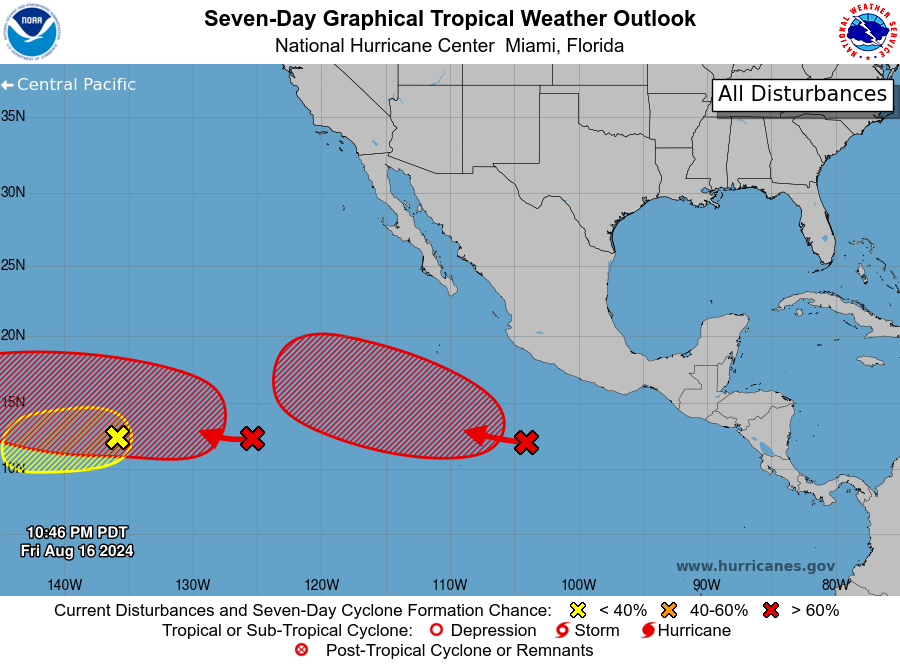
For the eastern North Pacific...east of 140 degrees west longitude:

1. Well Offshore of Southwestern Mexico (EP99): A broad area of low pressure located several hundred miles off the southwestern coast of Mexico is producing a large area of disorganized showers and thunderstorms to the west of its center. Upper-level winds are forecast to become more conducive for gradual development of this system over the weekend, and a tropical depression is likely to form early next week while it moves west-northwestward at about 10 mph across the central portion of the eastern Pacific.
* Formation chance through 48 hours...medium...40 percent.
* Formation chance through 7 days...high...80 percent.

2. Western Portion of the East Pacific: An area of low pressure could form this weekend or early next week more than one thousand miles west-southwest of the southern tip of the Baja California peninsula. Slow development of this system is anticipated, and a tropical depression will likely form during the middle part of next week while it moves westward to west-northwestward across the western portion of the basin and into the Central Pacific basin. Information on this system's development can also be found in the Tropical Weather Outlook for the Central Pacific basin.
* Formation chance through 48 hours...low...10 percent.
* Formation chance through 7 days...high...70 percent.

3. Well Southeast of the Hawaiian Islands: A small area of low pressure has formed well southeast of the Hawaiian islands. Some development of this system is possible this weekend into early next week while it moves across the western portion of the East Pacific and into the Central Pacific basin. By the middle of next week, the system could merge with a larger system to the east. Information on this system's development can also be found in the Tropical Weather Outlook for the Central Pacific basin.
* Formation chance through 48 hours...low...20 percent.
* Formation chance through 7 days...low...20 percent.

The Tropical Weather Outlook for the Central Pacific basin can be found under AWIPS header HFOTWOCP and WMO header ACPN50 PHFO and on the web at hurricanes.gov

Forecaster Kelly